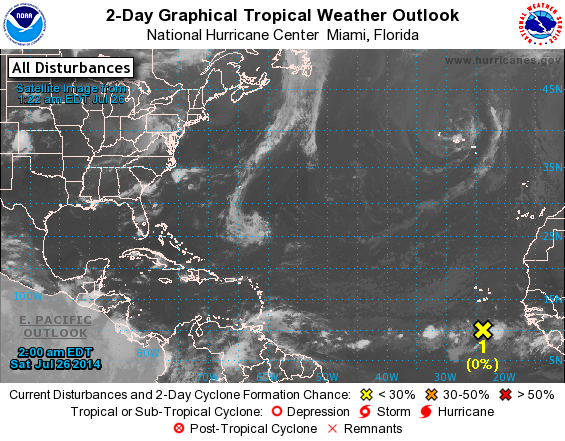
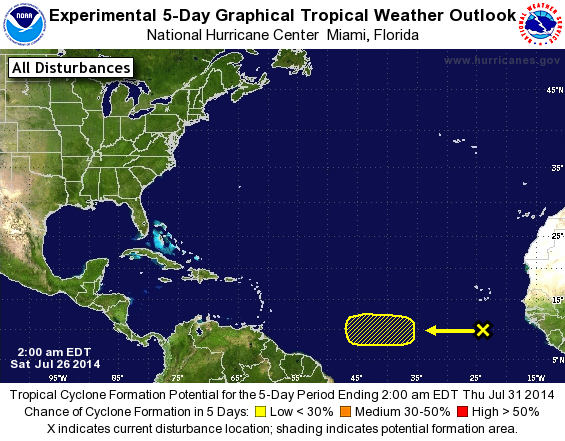
For the North Atlantic...Caribbean Sea and the Gulf of Mexico:

1. A tropical wave located south of the Cape Verde Islands could develop into an area of low pressure by early next week over the central tropical Atlantic. Environmental conditions are expected to be marginally conducive for gradual development of this system through midweek as it moves westward.
* Formation chance through 48 hours...low...near 0 percent
* Formation chance through 5 days...low...20 percent

Forecaster Stewart